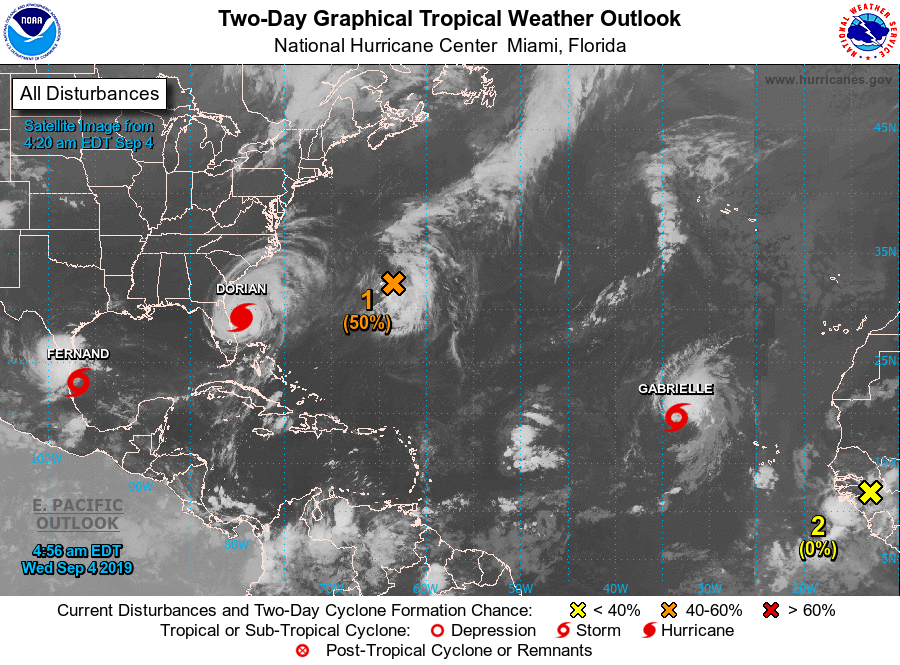
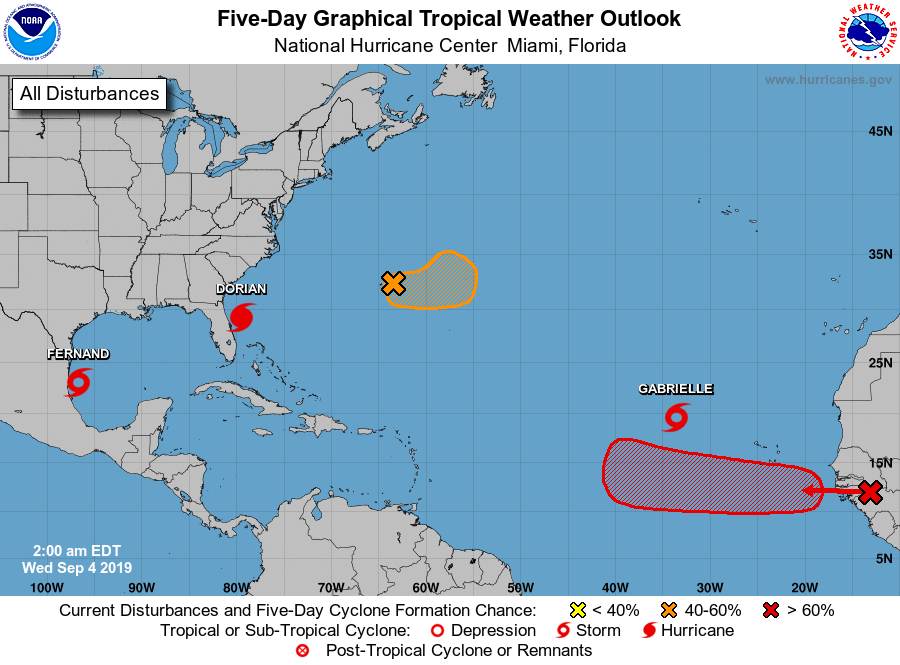
For the North Atlantic...Caribbean Sea and the Gulf of Mexico:

The National Hurricane Center is issuing advisories on Hurricane Dorian, located about 100 miles east of the coast of central Florida. The National Hurricane Center is also issuing advisories on Tropical Storm Fernand, located about 100 miles east of the coast of northeastern Mexico, and on Tropical Depression Eight, located several hundred miles west-northwest of the Cabo Verde Islands.

1. A trough of low pressure, located just east of Bermuda, is producing disorganized showers and thunderstorms. Some development of this disturbance is possible, and a tropical depression could form during the next couple of days as the disturbance moves northeastward, away from Bermuda. Afterward, upper-level winds are forecast to become less favorable for tropical cyclone formation. Interests in Bermuda should monitor the progress of this system, and areas of heavy rainfall are likely.
* Formation chance through 48 hours...medium...50 percent.
* Formation chance through 5 days...medium...50 percent.

2. A tropical wave is forecast to emerge over the far eastern tropical Atlantic between Africa and the Cabo Verde Islands later today. Environmental conditions are forecast to be conducive for development, and a tropical depression is likely to form late this week or over the weekend while the system moves westward to west-northwestward.
* Formation chance through 48 hours...low...near 0 percent.
* Formation chance through 5 days...high...70 percent.

Public Advisories on Tropical Depression Eight are issued under WMO header WTNT33 KNHC and under AWIPS header MIATCPAT3. Forecast/Advisories on Tropical Depression Eight are issued under WMO header WTNT23 KNHC and under AWIPS header MIATCMAT3.

Forecaster Stewart